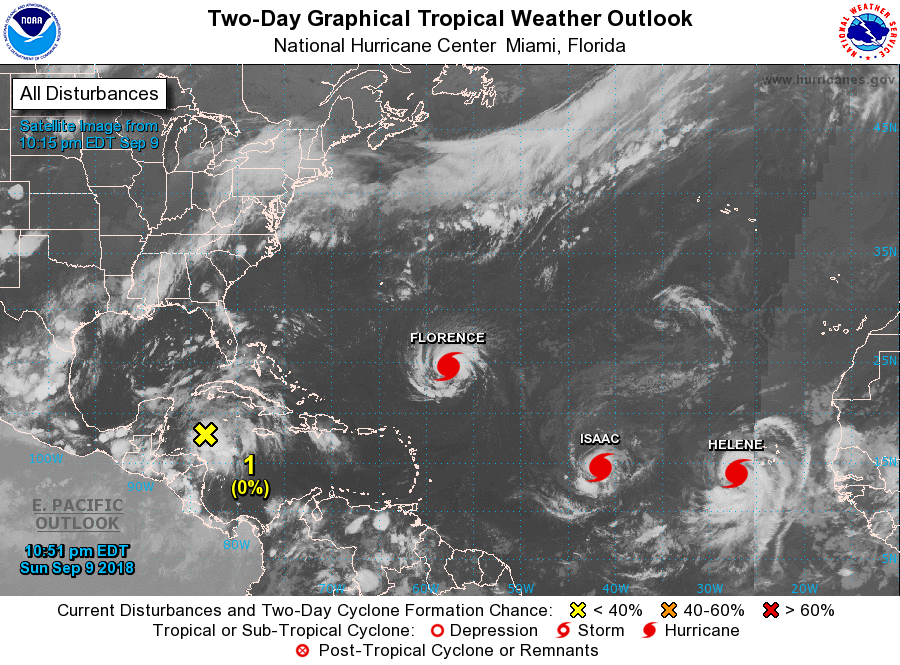
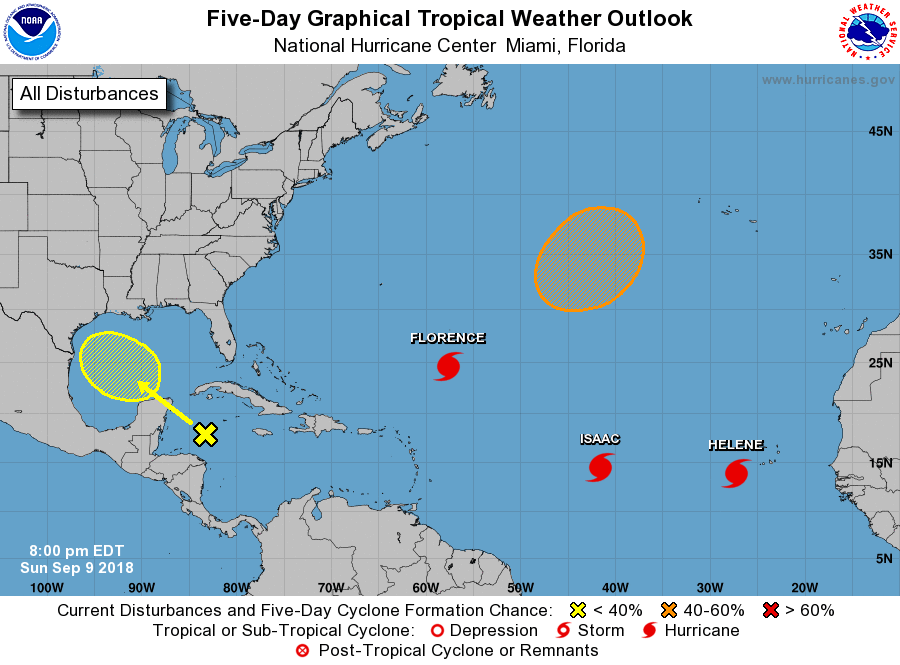
For the North Atlantic...Caribbean Sea and the Gulf of Mexico:

The National Hurricane Center is issuing advisories on Hurricane Florence, located over the west-central Atlantic Ocean, on recently upgraded Hurricane Helene, located southwest of the Cabo Verde Islands, and on Tropical Storm Isaac, located over the central tropical Atlantic.

1. The combination of an upper-level trough and a tropical wave over the northwestern Caribbean Sea is producing a large area of disorganized showers and thunderstorms between Cuba and Honduras. The disturbance is forecast to move slowly west-northwestward to northwestward across the northwestern Caribbean Sea and the Yucatan peninsula during the next couple of days, with little or no development expected due to unfavorable upper-level winds and land interaction. However, upper-level winds are forecast to become a little more conducive for development when the system moves across the western Gulf of Mexico Wednesday through Friday.
* Formation chance through 48 hours...low...near 0 percent.
* Formation chance through 5 days...low...30 percent.

2. A non-tropical area of low pressure is forecast to form in the northeastern Atlantic Ocean several hundred miles west-southwest of the Azores in two or three days. Some slow tropical or subtropical development is possible by the end of the week while the low moves southwestward.
* Formation chance through 48 hours...low...near 0 percent.
* Formation chance through 5 days...medium...40 percent.

Forecaster Stewart